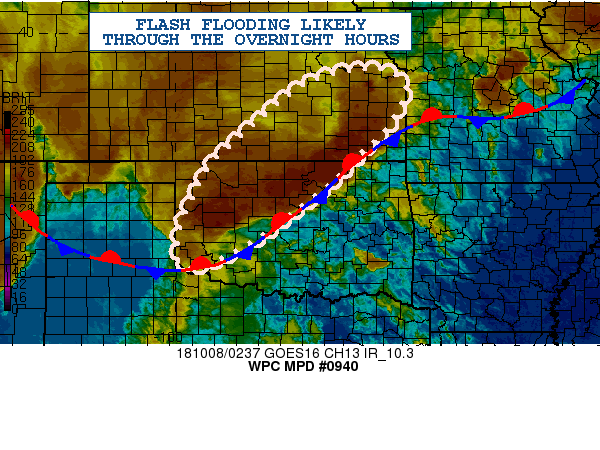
Areas affected...Southwest to North-Central OK...South-Central to
Eastern KS

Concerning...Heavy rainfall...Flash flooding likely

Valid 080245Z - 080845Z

Summary...An axis of very heavy rainfall is expected overnight
with flash flooding likely from areas of southwest to
north-central OK and into south-central and eastern KS.

Discussion...The latest IR satellite imagery shows an expansive
axis of cold convective tops impacting areas of southwest to
north-central OK and up across south-central and eastern KS as
strong deep layer southerly flow ahead of an upper trough/closed
low over the Southwest U.S. helps to transport anomalous moisture
and plenty of instability northward across the Plains. Much of the
convection has been focusing north of a well-defined frontal zone
draped across the region with a combination of elevated
instability and isentropic ascent pooled across the region.

The latest blended-TPW product and GPS-derived data shows PWATs
approaching 1.75 inches across the threat area which is 2 to 2.5
standard deviations above normal for this time of the year, and
this will favor rather efficient rainfall processes for enhanced
rainfall rates overnight. In some cases, hourly rainfall amounts
may approach 2 inches.

The large scale pattern will favor an expansive axis of heavy
showers and thunderstorms overnight and with a very strong signal
for repeating/training convection north of the front. The latest
HRRR guidance favors additional rainfall amounts of 3 to 4 inches,
which may be locally underdone given the degree of convective
organization seen just north of the front. Given the increasingly
wet antecedent conditions and additional rainfall totals, flash
flooding will be likely.